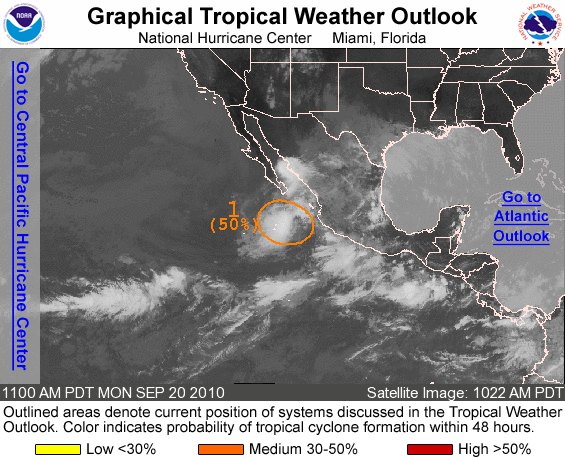
FOR THE EASTERN NORTH PACIFIC...EAST OF 140 DEGREES WEST LONGITUDE..

1. SHOWER ACTIVITY CONTINUES IN ASSOCIATION WITH AN AREA OF LOW PRESSURE LOCATED A COUPLE OF HUNDRED MILES WEST OF MANZANILLO MEXICO. UPPER-LEVEL WINDS ARE NOT FAVORABLE FOR SIGNIFICANT DEVELOPMENT...BUT ONLY A SMALL INCREASE IN ORGANIZED THUNDERSTORM ACTIVITY WOULD RESULT IN THE FORMATION OF A TROPICAL CYCLONE. THIS SYSTEM IS EXPECTED TO MOVE SLOWLY TO THE NORTHWEST OR NORTH-NORTHWEST OVER THE NEXT COUPLE OF DAYS TOWARD COOLER WATERS...AND THERE IS A MEDIUM CHANCE...50 PERCENT...OF THIS SYSTEM BECOMING A TROPICAL CYCLONE DURING THE NEXT 48 HOURS.

ELSEWHERE...TROPICAL CYCLONE FORMATION IS NOT EXPECTED DURING THE NEXT 48 HOURS.

FORECASTER FRANKLIN